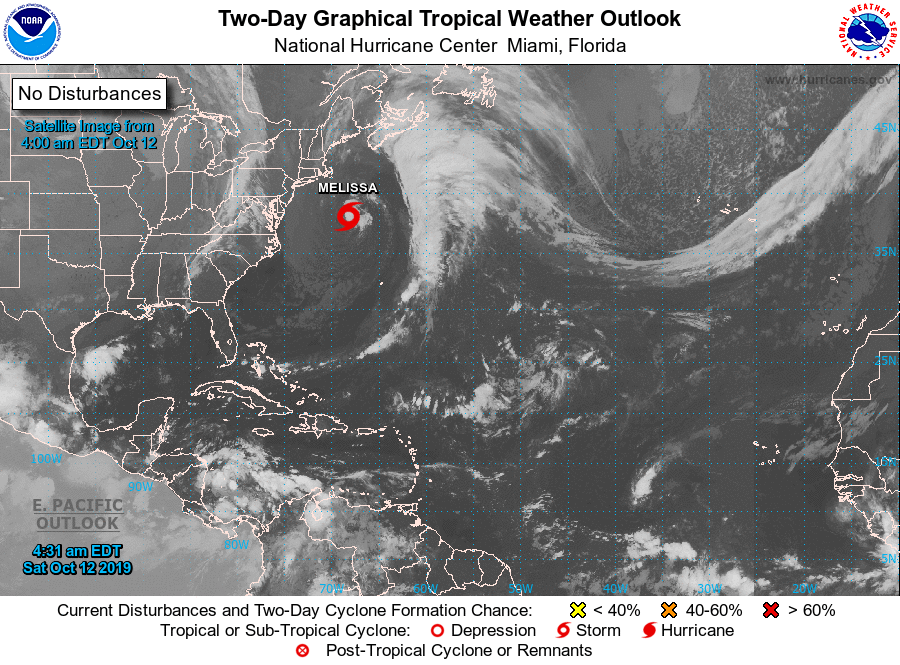
For the North Atlantic...Caribbean Sea and the Gulf of Mexico:

The National Hurricane Center is issuing advisories on Subtropical Storm Melissa, located a couple of hundred miles south-southeast of the New England coast.

1. A broad area of low pressure is expected to form over the southwestern Caribbean Sea in a day or two. This system is forecast to move westward toward Central America early next week, and some development is possible if the low remains over water while moving near the coasts of Honduras, Guatemala, and Belize. Regardless of development, this system could bring heavy rains to portions of Central America late this weekend and early next week.
* Formation chance through 48 hours...low...near 0 percent.
* Formation chance through 5 days...low...20 percent.

2. A tropical wave, accompanied by a broad area of low pressure, is expected to move off the west coast of Africa on Sunday. Although tropical cyclone formation in this area is climatologically unlikely this late in the hurricane season, some development of this system is possible before upper-level winds become unfavorable by the middle of next week. This system is expected move westward to northwestward toward the Cabo Verde Islands during the next several days.
* Formation chance through 48 hours...low...near 0 percent.
* Formation chance through 5 days...low...30 percent.

Public Advisories on Subtropical Storm Melissa are issued under WMO header WTNT34 KNHC and under AWIPS header MIATCPAT4. Forecast/Advisories on Subtropical Storm Melissa are issued under WMO header WTNT24 KNHC and under AWIPS header MIATCMAT4.

Forecaster Cangialosi